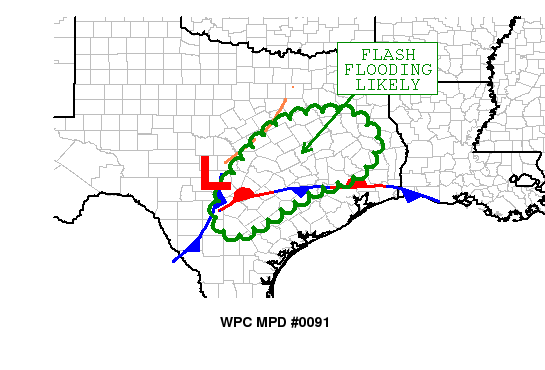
AREAS AFFECTED...CENTRAL AND EASTERN TEXAS

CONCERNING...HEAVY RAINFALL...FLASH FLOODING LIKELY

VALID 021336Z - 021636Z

SUMMARY...FLASH FLOODING IS LIKELY ACROSS PORTIONS OF CENTRAL AND
EASTERN TEXAS THROUGH NOON. THIS FORECAST SUPERCEDES MPD NUMBER 90.

DISCUSSION...RADAR TRENDS CONFIRM THAT THE CONVECTIVE LINE WEST OF
SAN ANTONIO IS STRONGER, BETTER ORGANIZED, AND LONGER LASTING THAN
DEPICTED BY NEARLY ALL AVAILABLE HIGH RES AND GLOBAL GUIDANCE,
WITH THESE TRENDS LIKELY DUE TO MODELS' INABILITY TO COMPLETELY
RESOLVE DOWNDRAFT DEVELOPMENT AND THE REAR INFLOW JET PUSHING THE
LINE FORWARD. DESPITE THESE SHORTCOMINGS HOWEVER, HIGH-RES
GUIDANCE, PARTICULARLY THE HRRR, SPC-WRF, NSSL-WRF, ETC, SUPPORT A
NORTHEASTWARD TREND WITH TIME, AS THE MID LEVEL FLOW BACKS AND
STRENGTHENS WITH THE APPROACHING SHORTWAVE TROUGH, WHICH IS
SUPPORTED BY GOES-R MID LEVEL WATER VAPOR IMAGERY DEPICTING THE
SLOWLY NORTHWARD EXPANDING ELEVATED MIXED LAYER OVER SOUTH TEXAS.

THE SQUALL LINE IS EXPECTED TO CONTINUE MOVING EASTWARD AROUND 25
KNOTS THROUGH LATE MORNING, AND SHOULD EVENTUALLY MERGE WITH THE
CLUSTER OF EXPANDING SUPERCELLS OVER EAST TEXAS, WHICH HAVE
DEVELOPED IN RESPONSE TO STRONG MOISTURE FLUX FROM THE LEADING
EDGE OF DEEPER MOISTURE AND DECELERATING LOW LEVEL JET. THE
INVERTED TROUGH EXTENDING NORTHEAST OF THE SURFACE LOW IS A THIRD
REGION FOR ENHANCED CONVECTIVE DEVELOPMENT AND HEAVY RAINFALL.

WHILE ALL REGIONS OF CONVECTION WILL BE ACCOMPANIED BY STRONG TO
INTENSE RAIN RATES, THAT COULD PRODUCE LOCALIZED FLASH FLOODING,
THE REGION NORTH OF THE STATIONARY FRONT THAT IS BETWEEN THE
CONVECTIVE LINE AND CLUSTER OF SUPERCELLS HAS THE BEST CHANCE OF
TRAINING DUE TO  VEERING WIND PROFILES. WHILE FFG IS RELATIVELY
HIGH, THE POTENTIAL FOR HOURLY RATES TO APPROACH 1.5 TO 2 INCHES
PER HOUR WITH POTENTIAL FOR REPEATING EVENTS, SUPPORTS THIS
LIKELIHOOD.